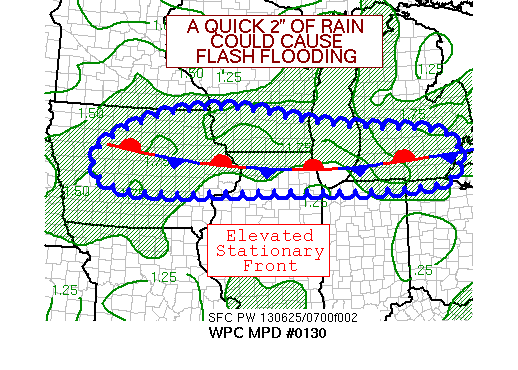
AREAS AFFECTED...NORTHEAST IA...SOUTHERN WI...NORTHERN
IL...SOUTHERN MI...NORTHERN IN...NORTHWEST OH

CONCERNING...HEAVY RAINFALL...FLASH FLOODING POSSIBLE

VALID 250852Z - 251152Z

SUMMARY...A DEVELOPING BAND OF THUNDERSTORMS COULD LEAD TO FLASH
FLOODING NEAR THE 42ND PARALLEL FROM IA EASTWARD NEAR THE WI/IL
BORDER INTO SOUTHERN MI.

DISCUSSION...THE HEAVIEST RAINS WITHIN A CONVECTIVE BAND HAVE
BEGUN TO ORIENT MORE WEST-EAST NEAR THE 42ND PARALLEL FROM
SOUTHERN WI EASTWARD NEAR THE WI/IL BORDER INTO SOUTHERN MI.  THE
AREA LIES WITHIN A MOIST AXIS -- WITH PRECIPITABLE WATER VALUES
NEAR 1.75 INCHES -- NEAR A STATIONARY FRONT AT THE 850 HPA LEVEL.
DIVERGENCE ALOFT IS BEING AIDED BY A NORTH-SOUTH ORIENTED SHEAR
AXIS ACROSS THE PLAINS AND SOUTH OF AN UPPER LOW ACROSS ONTARIO.
INSTABILITY CONTINUES TO EXIST NEAR THIS REGION, WITH
SATELLITE-DERIVED CAPE VALUES IN THE 2000-4000 J/KG RANGE FROM
EASTERN IA THROUGH NORTHERN IL AND NORTHERN IN INTO SOUTHERN MI.

THE 00Z HRRR INDICATES THAT THE BAND WILL LENGTHEN WESTWARD INTO
IA WITH ACTIVITY ACROSS SOUTHERN MN AND WEST-CENTRAL WI DYING
OUT...AND RECENT RADAR TRENDS SUGGEST THAT MAY BE IN THE PROCESS
OF TAKING PLACE.  THE 07Z RAP INDICATES THAT LOW-LEVEL INFLOW INTO
THE REGION SHOULD BEGIN TO DIMINISH AROUND 11Z, WHICH SHOULD END
THE FLASH FLOOD THREAT.  FLASH FLOOD GUIDANCE ACROSS THIS REGION
IS ROUGHLY 2 INCHES IN THREE HOURS...WHICH IS CLOSE TO THE RADAR
ESTIMATES OF WHAT HAS FALLEN OVER THE PAST FEW HOURS.  FLASH
FLOODING IS POSSIBLE IN THIS REGION.